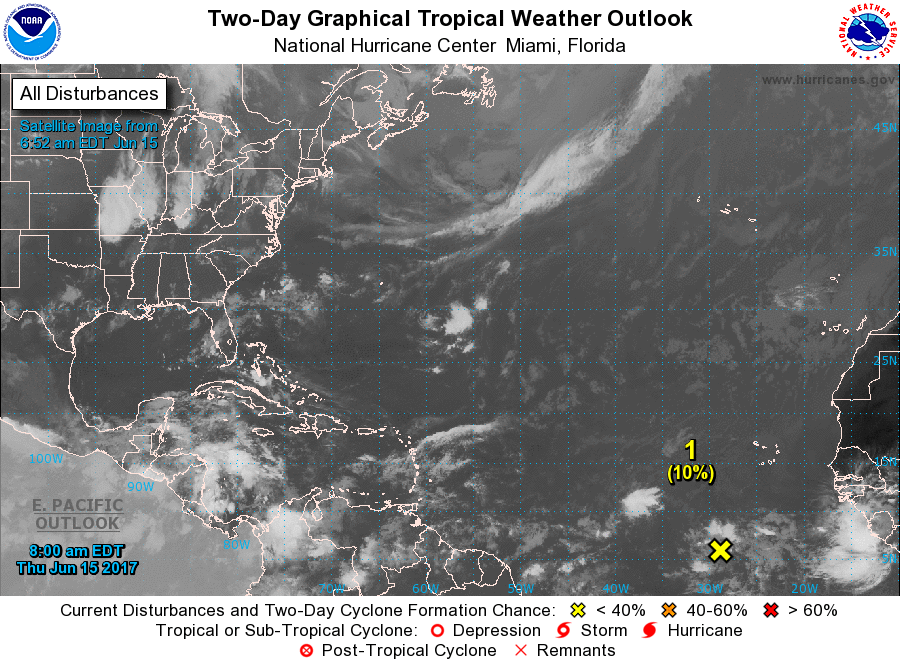
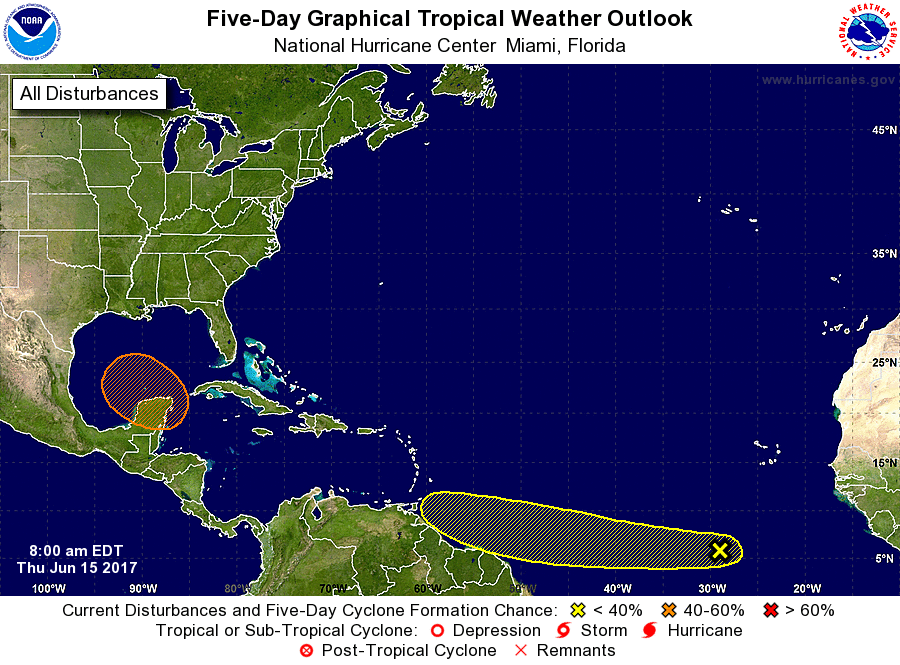
For the North Atlantic...Caribbean Sea and the Gulf of Mexico:

1. A tropical wave located several hundred miles south-southwest of the Cabo Verde Islands is producing disorganized showers and thunderstorms. Some gradual development of this system is possible during the next few days while the wave moves westward near 20 mph over the tropical Atlantic.
* Formation chance through 48 hours...low...10 percent.
* Formation chance through 5 days...low...20 percent.

2. A complex area of low pressure is expected to form over the northwestern Caribbean Sea and the Yucatan peninsula this weekend. Conditions appear to be favorable for gradual development of this system while it moves slowly northwestward toward the southern Gulf of Mexico by early next week.
* Formation chance through 48 hours...low...near 0 percent.
* Formation chance through 5 days...medium...50 percent.

Forecaster Cangialosi